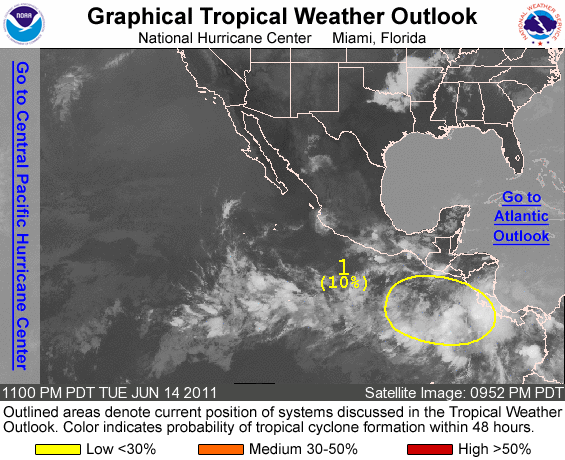
FOR THE EASTERN NORTH PACIFIC...EAST OF 140 DEGREES WEST LONGITUDE..

1. DISORGANIZED SHOWER AND THUNDERSTORM ACTIVITY EXTENDING FROM COSTA RICA WEST-SOUTHWESTWARD FOR SEVERAL HUNDRED MILES IS ASSOCIATED WITH AN ELONGATED SURFACE TROUGH OF LOW PRESSURE. ENVIRONMENTAL CONDITIONS APPEAR CONDUCIVE FOR SOME SLOW DEVELOPMENT OF THIS SYSTEM OVER THE NEXT COUPLE OF DAYS...BUT THERE IS A LOW CHANCE... 10 PERCENT...OF TROPICAL CYCLONE FORMATION DURING THE NEXT 48 HOURS.

FORECASTER BERG